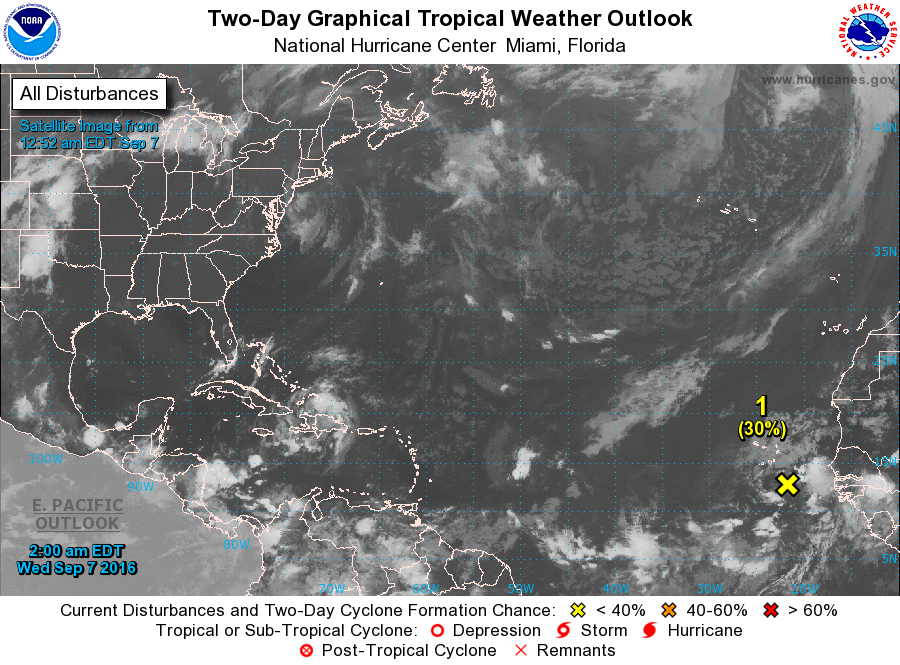
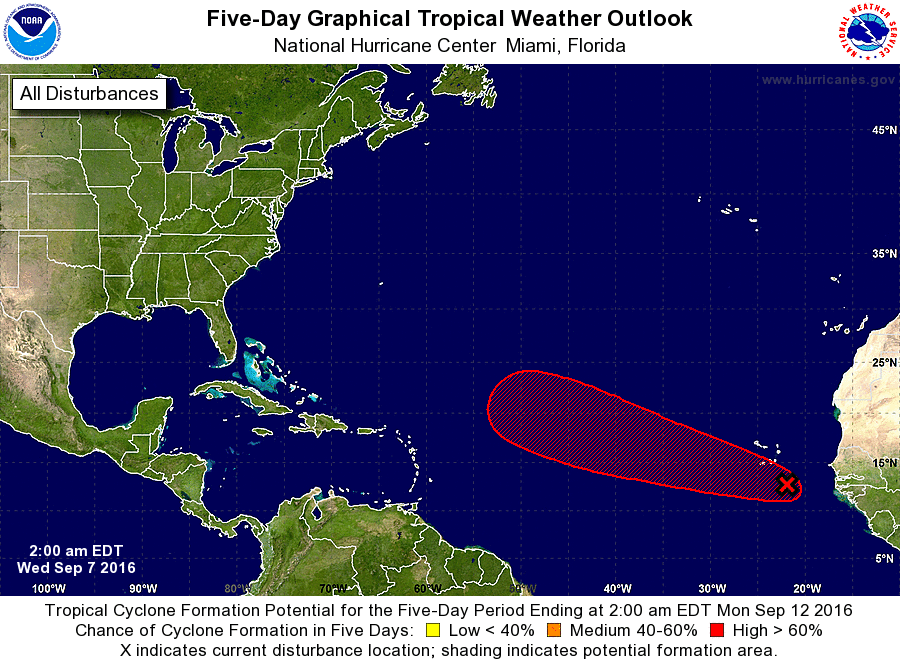
For the North Atlantic...Caribbean Sea and the Gulf of Mexico:

1. A tropical wave located near the Cabo Verde Islands is producing disorganized showers and thunderstorms. Environmental conditions are expected to be conducive for gradual development of this system, and a tropical depression could form by the weekend while it moves west-northwestward toward the central tropical Atlantic.
* Formation chance through 48 hours...low...30 percent
* Formation chance through 5 days...high...70 percent

Forecaster Cangialosi